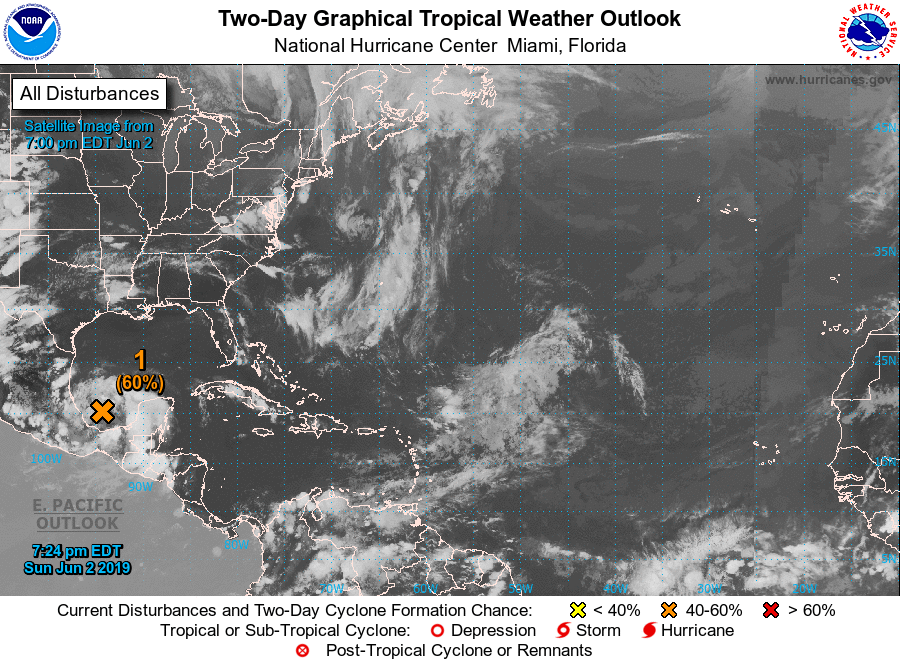
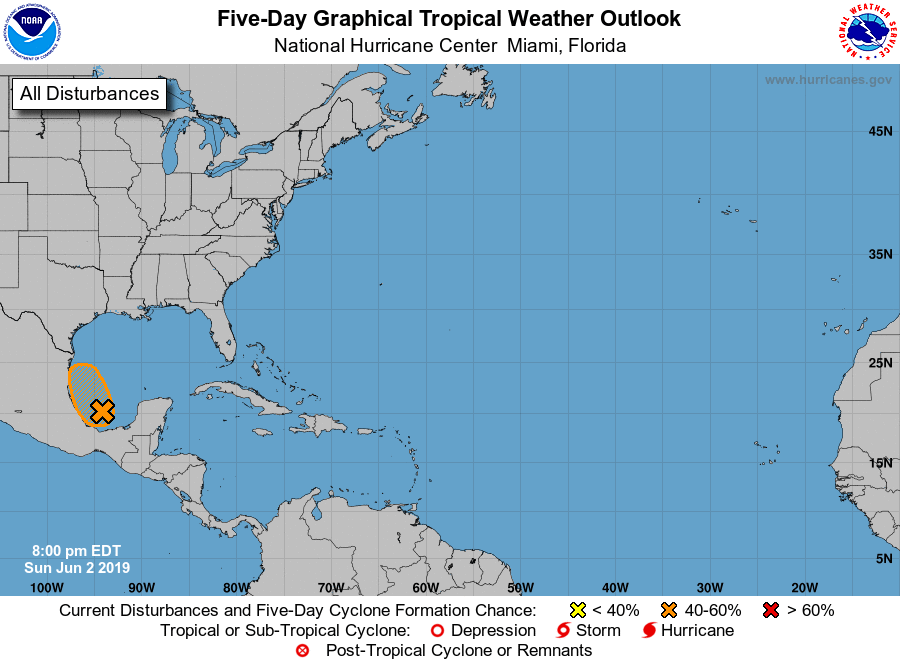
For the North Atlantic...Caribbean Sea and the Gulf of Mexico:

1. Showers and thunderstorms associated with a broad area of low pressure over the Bay of Campeche remain disorganized. This system is expected to move slowly northwestward toward the coast of Mexico, and may become a tropical cyclone before it moves inland in a day or two. Regardless of development, the disturbance will likely produce heavy rainfall over portions of southern and eastern Mexico during the next few days. An Air Force Reserve reconnaissance aircraft will investigate the disturbance Monday afternoon, if necessary. Interests along the Gulf coast of Mexico should monitor the progress of this system.
* Formation chance through 48 hours...medium...60 percent.
* Formation chance through 5 days...medium...60 percent.

Forecaster Latto/Beven